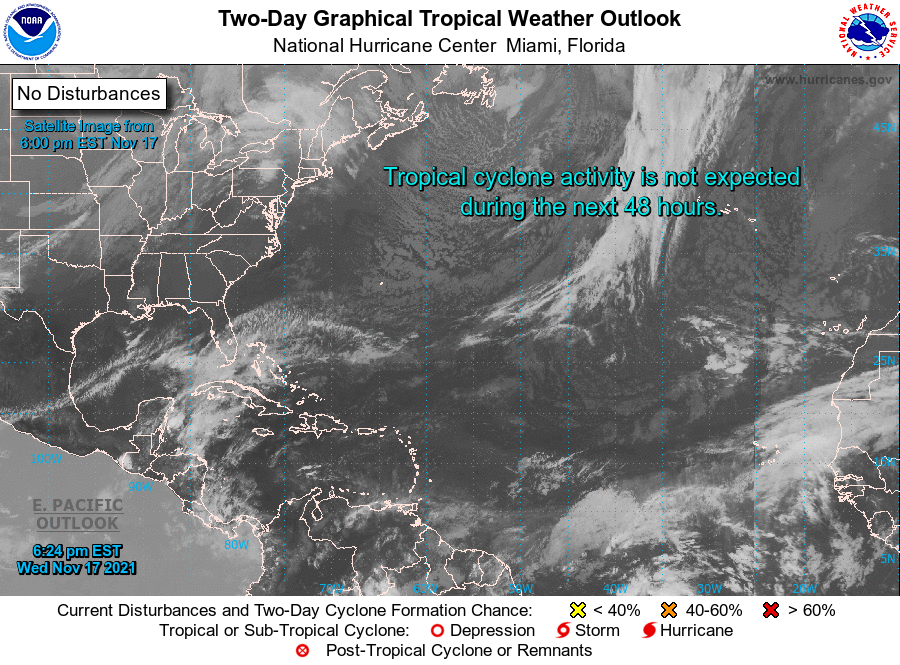
For the North Atlantic...Caribbean Sea and the Gulf of Mexico:

Tropical cyclone formation is not expected during the next 5 days.

Forecaster Stewart